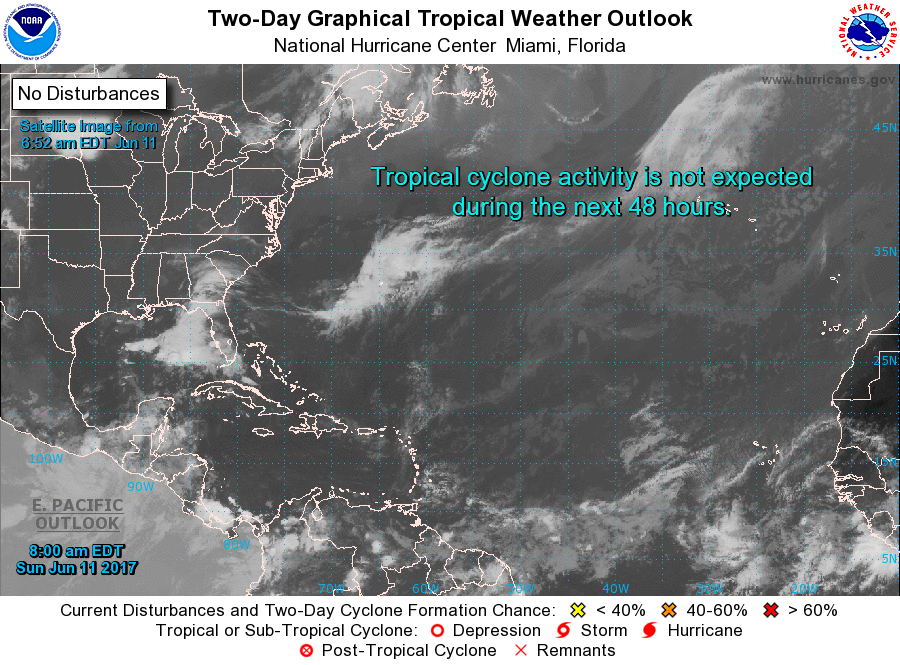
For the North Atlantic...Caribbean Sea and the Gulf of Mexico:

Tropical cyclone formation is not expected during the next 5 days.

Forecaster Pasch